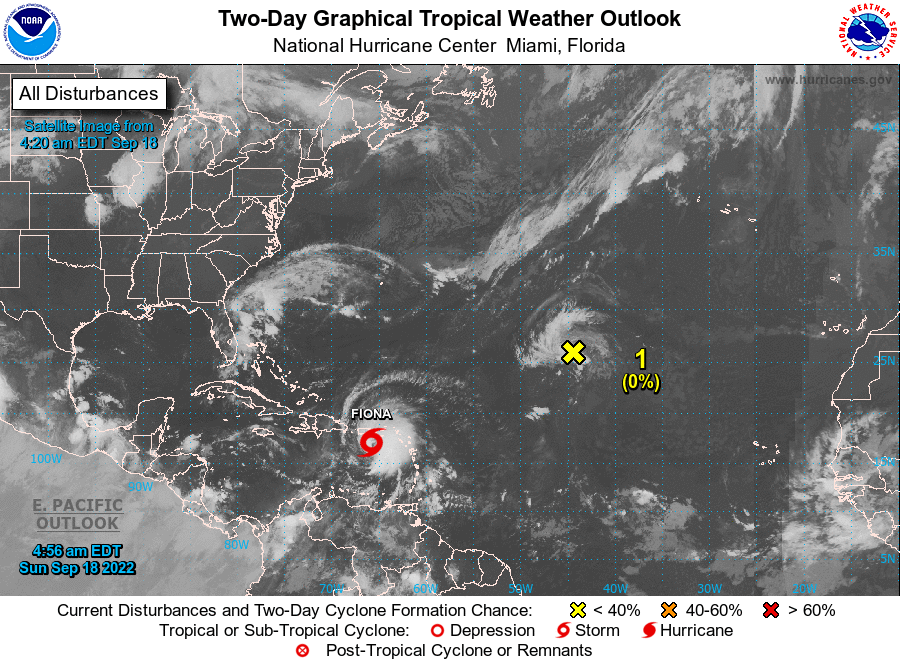
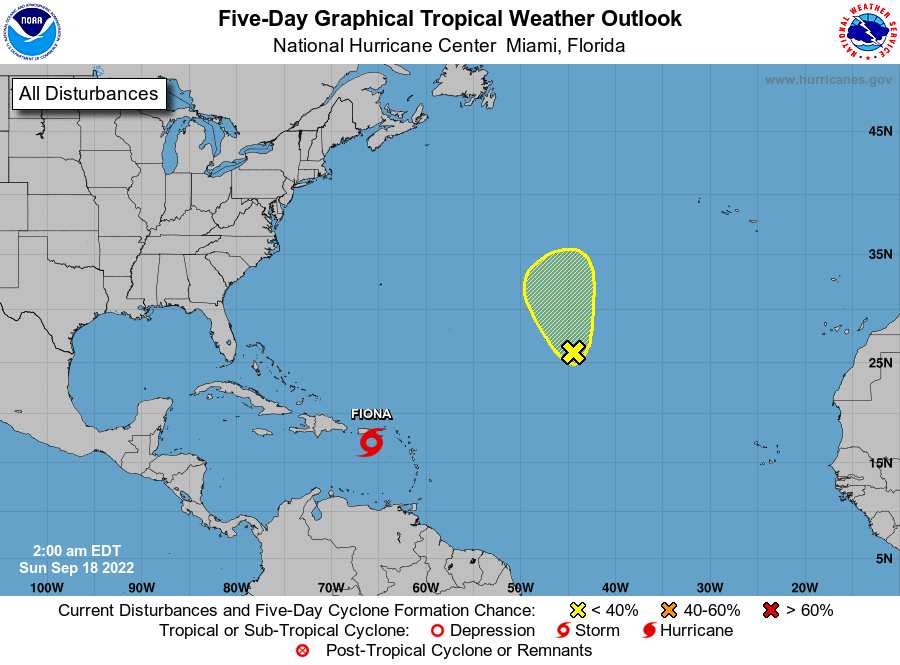
For the North Atlantic...Caribbean Sea and the Gulf of Mexico:

Active Systems: The National Hurricane Center is issuing advisories on Tropical Storm Fiona, located over the northeastern Caribbean Sea.

1. Central Subtropical Atlantic: Disorganized showers and thunderstorms continue over the central subtropical Atlantic in association with a trough of low pressure. Some slow development of this system is possible during the early or middle part of this week while it moves generally northward, remaining over the central Subtropical Atlantic.
* Formation chance through 48 hours...low...near 0 percent.
* Formation chance through 5 days...low...20 percent.

Forecaster Papin